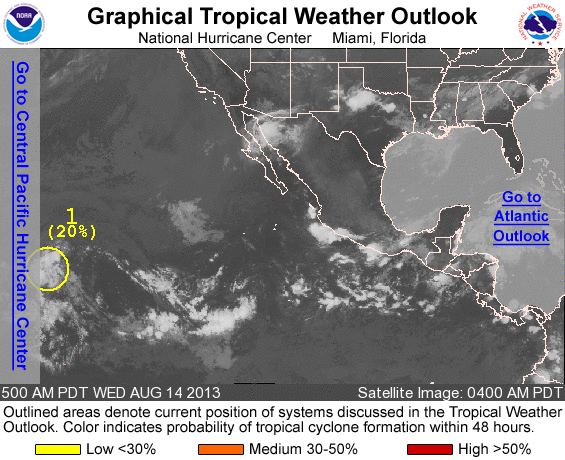
FOR THE EASTERN NORTH PACIFIC...EAST OF 140 DEGREES WEST LONGITUDE..

1. AN ELONGATED TROUGH OF LOW PRESSURE LOCATED ABOUT 1100 MILES EAST-SOUTHEAST OF THE BIG ISLAND OF HAWAII IS PRODUCING LIMITED SHOWER ACTIVITY AND A FEW THUNDERSTORMS. ENVIRONMENTAL CONDITIONS ARE EXPECTED TO REMAIN UNFAVORABLE FOR DEVELOPMENT DURING THE NEXT FEW DAYS. THIS SYSTEM HAS A LOW CHANCE...20 PERCENT...OF BECOMING A TROPICAL CYCLONE DURING THE NEXT 48 HOURS...AND A LOW CHANCE...20 PERCENT...OF BECOMING A TROPICAL CYCLONE DURING THE NEXT 5 DAYS WHILE IT MOVES WESTWARD AT ABOUT 15 MPH. THIS SYSTEM WILL BE MOVING ACROSS 140W INTO THE CENTRAL NORTH PACIFIC BASIN IN THE NEXT FEW HOURS...AND FUTURE INFORMATION WILL BE CONTAINED IN TROPICAL WEATHER OUTLOOKS ISSUED BY THE CENTRAL PACIFIC HURRICANE CENTER.

TROPICAL WEATHER OUTLOOKS ISSUED BY THE CENTRAL PACIFIC HURRICANE CENTER CAN BE FOUND UNDER WMO HEADER ACPN50 PHFO...AND AWIPS HEADER HFOTWOCP.

FIVE-DAY FORMATION PROBABILITIES ARE EXPERIMENTAL IN 2013. COMMENTS ON THE EXPERIMENTAL FORECASTS CAN BE PROVIDED AT...

HTTP://WWW.NWS.NOAA.GOV/SURVEY/NWS-SURVEY.PHP?CODE=ETWO

FORECASTER BRENNAN